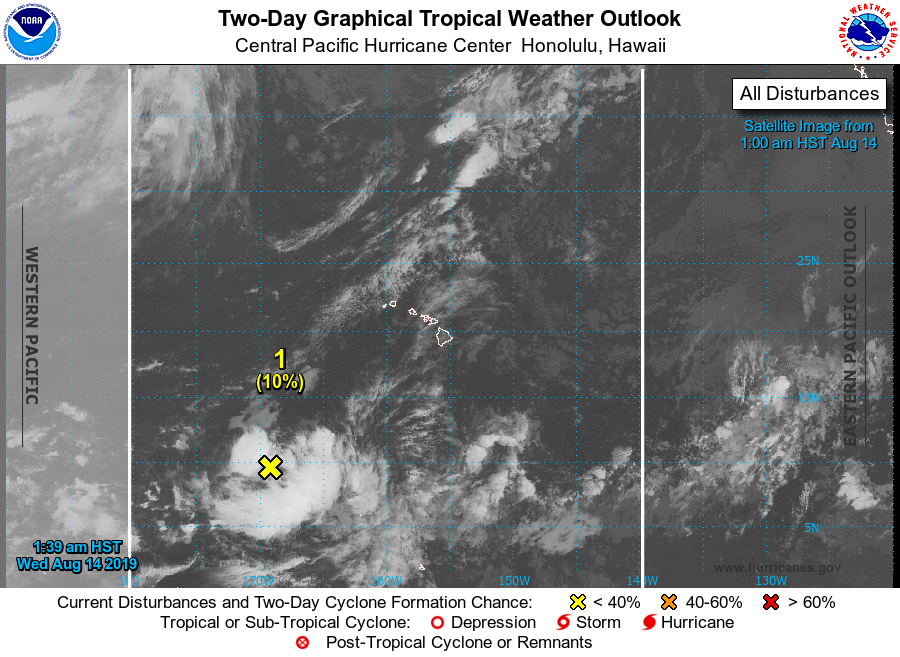
For the central North Pacific...between 140W and 180W:

1. Showers and thunderstorms associated with a trough of low pressure located about 1100 miles southwest of Oahu have remained disorganized over the past 24 hours. Some subsequent development of the system is possible as it moves west northwestward at around 10 mph.
* Formation chance through 48 hours...low...near 10 percent.
* Formation chance through 5 days...low...20 percent.

Elsewhere, no tropical cyclones are expected during the next 5 days.

Forecaster Foster